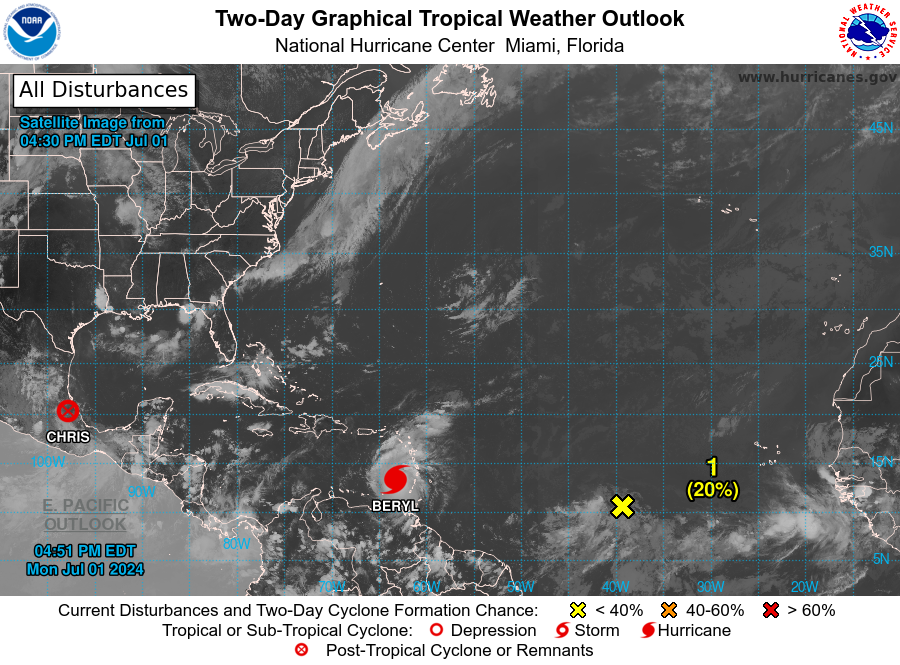
For the North Atlantic...Caribbean Sea and the Gulf of Mexico:

Active Systems: The National Hurricane Center is issuing advisories on Hurricane Beryl, located near the Windward Islands and have issued the last advisory on the Remnants of Chris, located inland over eastern Mexico.

1. Central Tropical Atlantic (AL96): Showers and thunderstorms continue in association with an area of low pressure located over 1000 miles east-southeast of the Windward Islands. Environmental conditions appear marginally conducive for additional development of this system, and a tropical depression could form by the middle part of this week while it moves generally westward at 15 to 20 mph across the central and western tropical Atlantic. Interests in the Lesser Antilles should monitor the progress of this system.
* Formation chance through 48 hours...low...20 percent.
* Formation chance through 7 days...medium...50 percent.

Forecaster Kelly